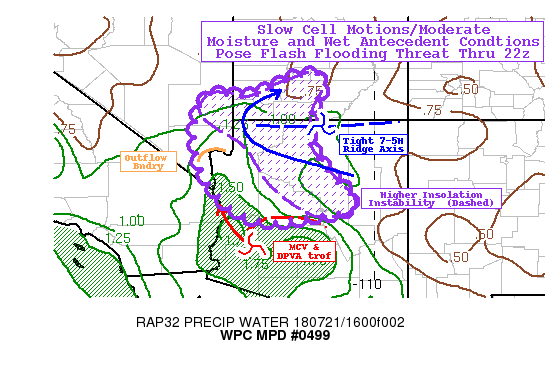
AREAS AFFECTED...NORTHWEST AZ...EXT SOUTHWEST UT...EXT SOUTHEAST
NV

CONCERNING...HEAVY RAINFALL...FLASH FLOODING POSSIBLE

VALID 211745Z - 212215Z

SUMMARY...SLOW CELL MOTIONS/MODERATE MOISTURE AND WET ANTECEDENT
CONDITIONS POSE POSSIBLE SCATTERED FLASH FLOODING CONDITIONS THIS
AFTERNOON

DISCUSSION...GOES-16 IMAGERY SUITE SHOWS DECAYING MCS WITH WELL
DEFINED MCV LIFTING NNW ACROSS LA PAZ COUNTY.  EARLY MORNING
CONVECTION HAS WANED AND KICKED FAST MOVING OUTFLOW BOUNDARY
TOWARD THE LAS VEGAS METRO AT THIS TIME...AND THOUGH THIS AREA HAS
BEEN CLOUDED OVER THROUGH THE BULK OF EARLY MORNING INSOLATION
THERE ARE A FEW REMAINING NEW CELLS DEVELOPING BUT THEY ARE FAIRLY
NARROW CORE AND MOVING RAPIDLY ENOUGH TO NOT POSE MUCH OF A FF
THREAT AT THIS TIME INDIVIDUALLY SPEAKING.  HOWEVER...IT IS THE
STRENGTHENING OF LOW TO MID-LEVEL FLOW AS THE MCV LIFTS NORTH AND
TIGHTENS HEIGHT FIELDS WITH THE TIGHTLY CURVED 7-5H SYNOPTIC RIDGE
ORIENTED ALONG THE UT/AZ BORDER THAT HAS PROVIDED MODERATE DPVA
AND MID-LEVEL MOISTURE CONVERGENCE TO ENHANCE BAND AND DEVELOPED
ELEVATED CBS ACROSS SOUTHERN MOJAVE INTO YAVAPAI COUNTY. CURRENTLY
CELL MOTIONS ARE SUFFICIENT BUT THERE MAY BE SOME REPEAT TRACKS TO
COMPOUND TOTALS FROM .5-1" TO 1-1.5" OVER THE NEXT 1-3 HOURS.

OF GREATER CONCERN IS CONVECTIVE INITIATION IN THE AREAS NOT
AFFECTED BY CLOUD COVER ACROSS SOUTHWEST UT/NW AZ AND INTO THE
CENTRAL MOGOLLON RIM REGION WHERE TEMPS HAVE RISEN INTO THE 80S
WITH TDS IN THE MID 50S...THOUGH LOWER ELEVATIONS IN SE NV NEAR
THE ARROW CANYON, MORMON AND VIRGIN RANGES HAVE SEEN TEMPS TO THE
UPPER 90S AND TDS IN THE UPPER 50S TO 60S.  AS SUCH INSTABILITY
HAS RISEN OVER 2000 J/KG BUT REMAINS SLIGHTLY CAPPED BUT IS
ERODING.  FURTHER EAST INTO THE COLORADO TO KAIBAB PLATEAU HAS
SEEN SOME TCU WHERE THE CAP IS A BIT LESS THOUGH INSTABILITY IS
ALSO A BIT WEAKER TOO.  WHILE THE LOW LEVELS SHOW INVERTED V IN
THE RAOBS...MODEST MID-LEVEL MOISTURE REMAINS FOR TPWS OVER .9"
AND UP TO 1.2" FURTHER WEST...PROVIDING SUFFICIENT IF ONLY ABOUT
150 TO 175% OFF NORMAL FOR CELLS TO PRODUCE HEAVY RAIN.  LOWER TPW
AREAS ARE ALSO CLOSER TO THE RIDGE AXIS AND HAVE GREATER
ANTICYCLONIC MST CONVERGENCE AS WELL AS LIMITED CELL MOTIONS AND
PROPAGATION VECTORS.  THIS SHOULD ALLOW FOR INCREASED TOTALS
ESPECIALLY OVER N MOJAVE TO NW COCONINO COUNTIES OVER THE NEXT 3-4
HRS.  TOTALS OF 1-2" ARE LIKELY IN THIS AREA WITH SOME POSSIBLE
3"+ OR EVEN GREATER.

THOUGH A BIT LESS CERTAIN WITH REDUCED MID-LEVEL CONVERGENCE BUT
STRONG MTN UPSLOPE CIRCULATION WILL EXIST OVER SW UT AND HAVE
INCLUDED THE REGION IN THE AREA OF CONCERN BUT BELIEVE FF THREAT
WILL INCREASE IN THE 21-00Z TIME FRAME.